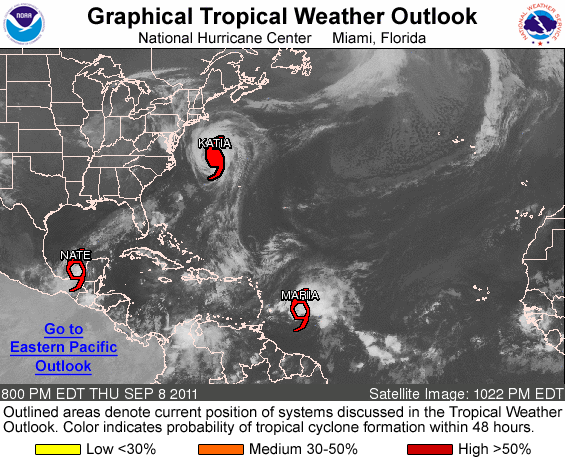
FOR THE NORTH ATLANTIC...CARIBBEAN SEA AND THE GULF OF MEXICO...

THE NATIONAL HURRICANE CENTER IS ISSUING ADVISORIES ON HURRICANE KATIA...LOCATED ABOUT 330 MILES NORTHWEST OF BERMUDA...TROPICAL STORM MARIA...LOCATED ABOUT 490 MILES EAST OF THE WINDWARD ISLANDS...AND ON TROPICAL STORM NATE...LOCATED ABOUT 110 MILES WEST OF CAMPECHE MEXICO.

ELSEWHERE...TROPICAL CYCLONE FORMATION IS NOT EXPECTED DURING THE NEXT 48 HOURS.

FORECASTER STEWART